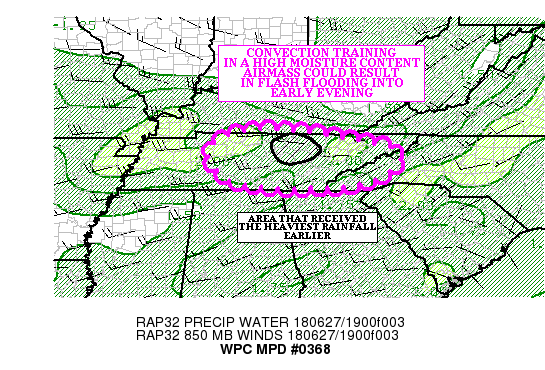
AREAS AFFECTED...CENTRAL AND EASTERN TN

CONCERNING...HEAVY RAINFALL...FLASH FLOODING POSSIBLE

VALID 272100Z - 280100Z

SUMMARY...CONVECTION TRAINING OVER AREAS THAT RECEIVED HEAVY
RAINFALL EARLIER COULD POSE A FLASH FLOOD THREAT INTO THE EARLY
EVENING.

DISCUSSION...REGIONAL RADARS SHOWED CONVECTION DROPPING SOUTHEAST
ACROSS CENTRAL TN...RIDING ALONG AN INSTABILITY AXIS EXTENDING
FROM WEST CENTRAL KY INTO NORTHERN GA. WHILE THIS ACTIVITY IS
MAINLY OUTFLOW DRIVEN...THE KOHX RADAR SHOWED HOURLY RAINFALL
RATES NEAR 2.00 INCHES OVER JACKSON COUNTY TN.

THE CONVECTION IS HEADING FOR A PORTION OF NORTH CENTRAL TN THAT
RECEIVED BETWEEN 2.00 AND 4.00 INCHES OF RAINFALL (BASED ON THE
KOHX RADAR) FROM EARLIER CONVECTION. THE ADDITIONAL HEAVY
RAINFALL...EVEN WITH CONVECTION THAT IS PROGRESSIVE...COULD RESULT
IN A FLASH FLOOD THREAT UNTIL THIS CONVECTIVE COMPLEX DROPS OUT OF
THE AREA.

FURTHER EAST ACROSS EASTERN TN...THE AIRMASS HAS NOT BEEN
OVERTURNED BY EARLIER CONVECTION...AS EVIDENCED BY MUCAPE VALUES
BETWEEN 500-1000 J/KG. WITH DEEP MOISTURE IN PLACE (PRECIPITABLE
WATER VALUES REMAIN NEAR 2.00 INCHES), CONVECTION DEVELOPING OVER
EASTERN TN COULD PRODUCE HOURLY RAINFALL RATES BETWEEN 1.50 AND
2.00 INCHES (AS EVIDENCED BY THE MOST RECENT HRRR RUNS). THE
LATEST HRRR/EXPERIMENTAL HRRR SOLUTIONS INDICATED THE POTENTIAL
FOR LOCAL 2.00/3.00 INCH RAINFALL AMOUNTS OVER SOUTHEAST TN.

THE EASTERN TN CONVECTION IS ALSO EXPECTED TO BE PROGRESSIVE...SO
THE FLASH FLOOD THREAT OUTSIDE OF AREAS THAT RECEIVED EARLIER
HEAVY RAINFALL COULD BE SOMEWHAT LIMITED. HOWEVER...GIVEN THE DEEP
MOISTURE IN PLACE...THE THREAT FOR FLASH FLOODING IS EXPECTED TO
CONTINUE INTO EARLY EVENING... BEFORE THE PASSAGE OF SHORT WAVE
ENERGY AND WANING INSTABILITY LESSEN THE THREAT.